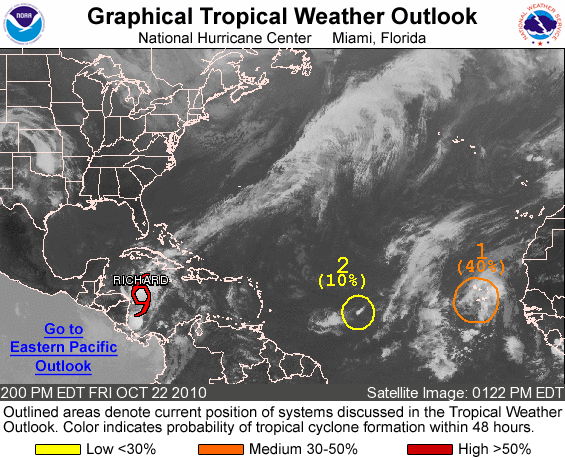
FOR THE NORTH ATLANTIC...CARIBBEAN SEA AND THE GULF OF MEXICO...

THE NATIONAL HURRICANE CENTER IS ISSUING ADVISORIES ON TROPICAL STORM RICHARD...LOCATED ABOUT 140 MILES EAST-NORTHEAST OF THE HONDURAS/NICARAGUA BORDER.

1. SHOWERS AND THUNDERSTORMS HAVE BECOME A LITTLE BETTER ORGANIZED IN ASSOCIATION WITH A BROAD LOW PRESSURE SYSTEM LOCATED ABOUT 100 MILES SOUTHWEST OF THE SOUTHERNMOST CAPE VERDE ISLANDS. ENVIRONMENTAL CONDITIONS ARE MARGINALLY CONDUCIVE FOR SOME DEVELOPMENT OF THIS DISTURBANCE DURING THE NEXT 24 HOURS...WITH A LESS FAVORABLE ENVIRONMENT EXPECTED AFTER THAT TIME. THERE IS A MEDIUM CHANCE... 40 PERCENT...OF THIS SYSTEM BECOMING A TROPICAL CYCLONE DURING THE NEXT 48 HOURS. HOWEVER...LOCALLY HEAVY RAINFALL AND STRONG GUSTY WINDS WILL BE POSSIBLE OVER THE CAPE VERDE ISLANDS THROUGH SATURDAY AS THE LOW MOVES TOWARD THE NORTHWEST OR NORTH-NORTHWEST AT 10 TO 15 MPH.

2. SHOWER ACTIVITY REMAINS LIMITED IN ASSOCIATION WITH A SMALL LOW PRESSURE SYSTEM LOCATED ABOUT 960 MILES EAST OF THE WINDWARD ISLANDS. STRONG UPPER-LEVEL WINDS ARE FORECAST TO INHIBIT DEVELOPMENT OF THIS DISTURBANCE...AND THERE IS A LOW CHANCE... 10 PERCENT...OF THIS SYSTEM BECOMING A TROPICAL CYCLONE DURING THE NEXT 48 HOURS AS IT MOVES WESTWARD AT 10 TO 15 MPH.

ELSEWHERE...TROPICAL CYCLONE FORMATION IS NOT EXPECTED DURING THE NEXT 48 HOURS.

FORECASTER STEWART